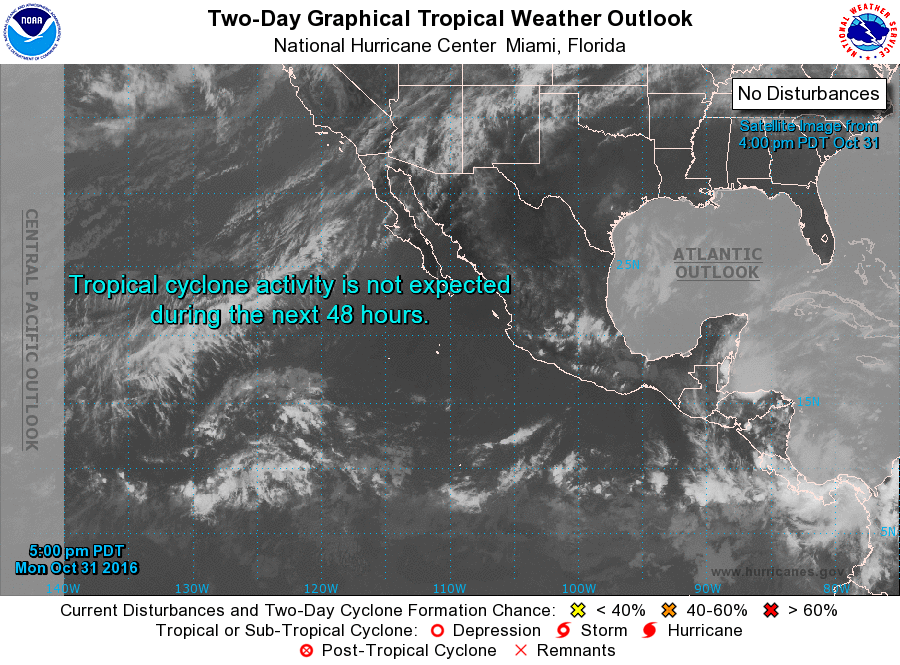
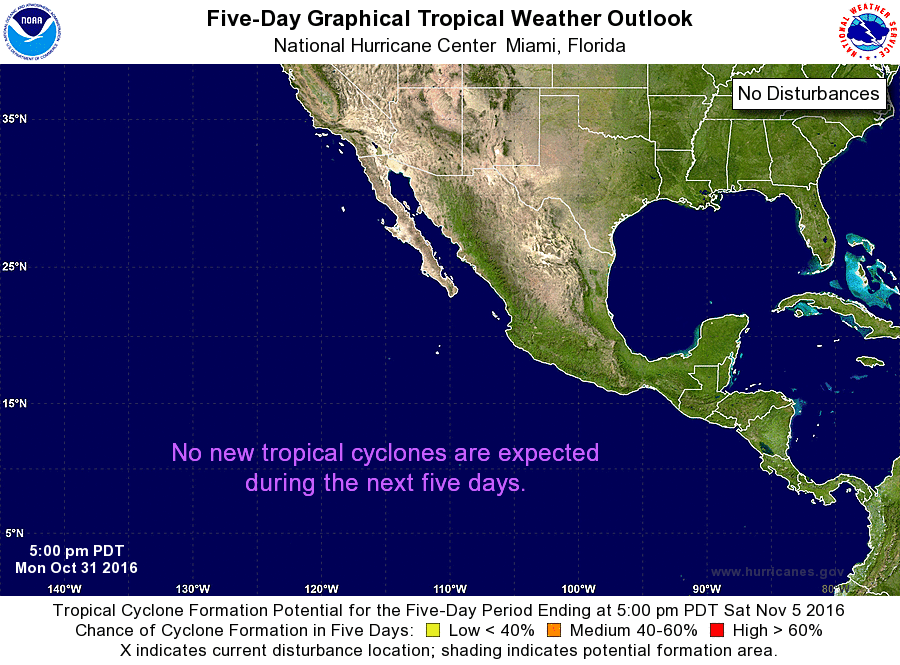
For the eastern North Pacific...east of 140 degrees west longitude:

Tropical cyclone formation is not expected during the next 5 days.

Forecaster Stewart